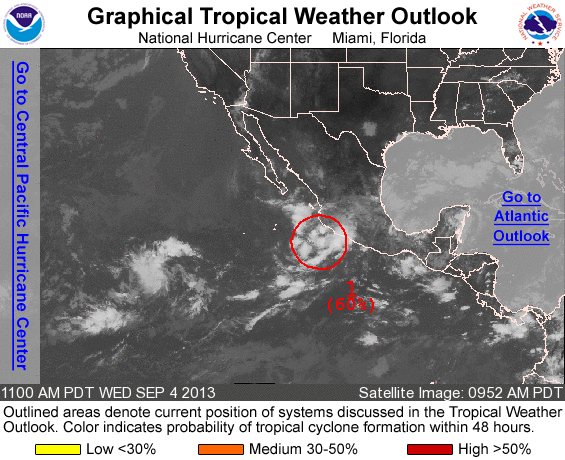
FOR THE EASTERN NORTH PACIFIC...EAST OF 140 DEGREES WEST LONGITUDE..

1. SHOWERS AND THUNDERSTORMS CONTINUE IN ASSOCIATION WITH A LOW PRESSURE SYSTEM CENTERED ABOUT 150 MILES SOUTH-SOUTHWEST OF MANZANILLO THIS MORNING. ENVIRONMENTAL CONDITIONS ARE CONDUCIVE FOR DEVELOPMENT OF THIS LOW...AND THE FORMATION OF A TROPICAL DEPRESSION IS LIKELY DURING THE NEXT DAY OR TWO. THIS SYSTEM HAS A HIGH CHANCE...60 PERCENT...OF BECOMING A TROPICAL CYCLONE DURING THE NEXT 48 HOURS...AND A HIGH CHANCE...70 PERCENT...OF BECOMING A TROPICAL CYCLONE DURING THE NEXT 5 DAYS WHILE IT MOVES NORTHWESTWARD AT 5 TO 10 MPH. LOCALLY HEAVY RAINS AND GUSTY WINDS ARE POSSIBLE ALONG THE SOUTHWESTERN COAST OF MEXICO DURING THE NEXT DAY OR TWO.

FIVE-DAY FORMATION PROBABILITIES ARE EXPERIMENTAL IN 2013. COMMENTS ON THE EXPERIMENTAL FORECASTS CAN BE PROVIDED AT...

HTTP://WWW.NWS.NOAA.GOV/SURVEY/NWS-SURVEY.PHP?CODE=ETWO

FORECASTER LANDSEA